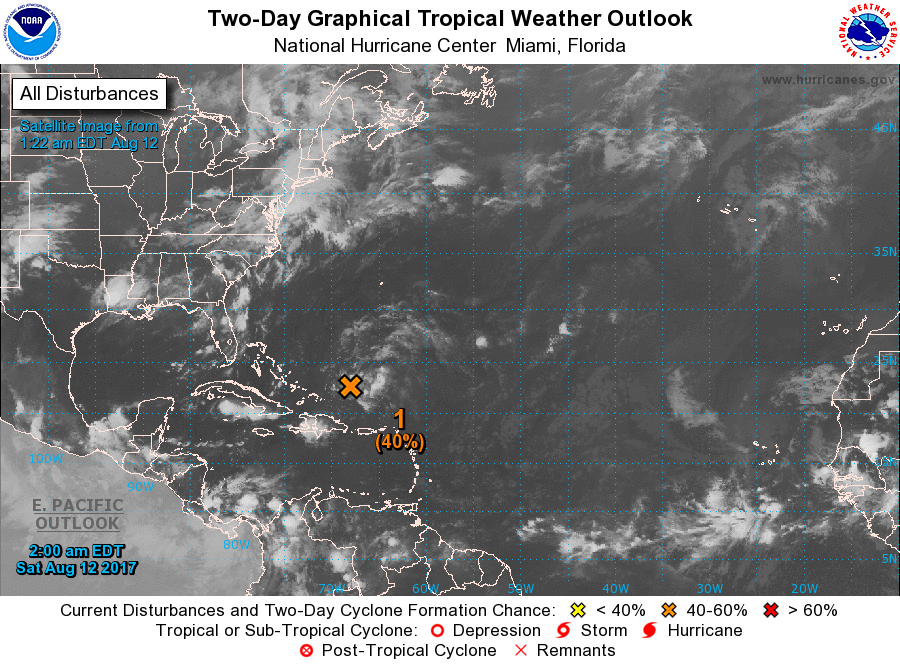
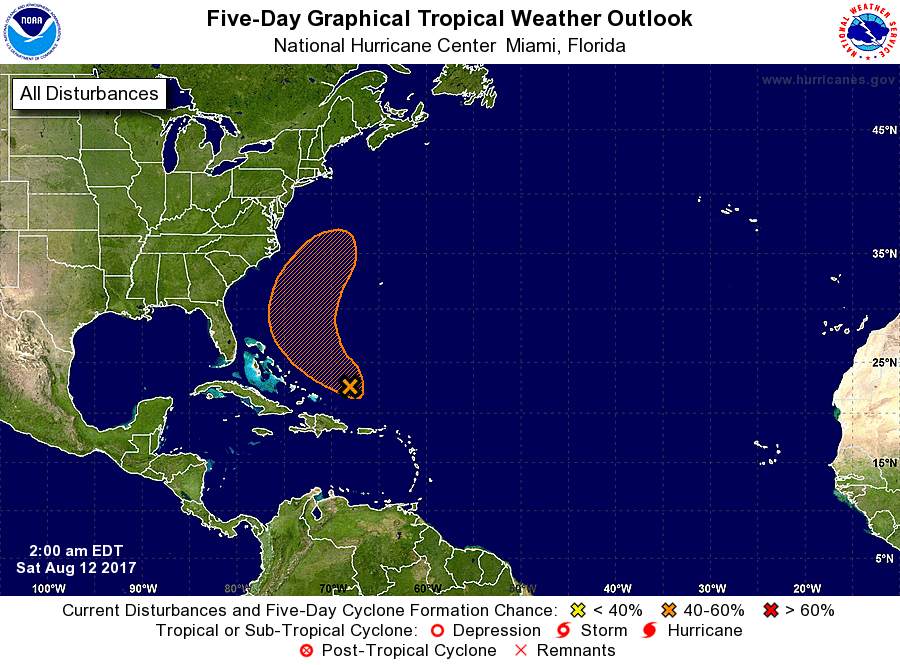
For the North Atlantic...Caribbean Sea and the Gulf of Mexico:

1. Showers and thunderstorms associated with a broad area of low pressure located about 250 miles east-northeast of the Turks and Caicos Islands have changed little in organization since this morning. Environmental conditions are expected to become a little more conducive for development during the next day or two, and this system could become a tropical depression over the weekend. The low is forecast to move generally northwestward through the weekend and is likely to turn northeastward away from the United States early next week.
* Formation chance through 48 hours...medium...40 percent.
* Formation chance through 5 days...medium...60 percent.

Forecaster Beven